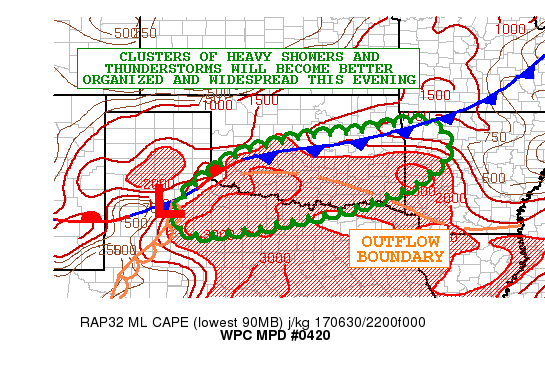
AREAS AFFECTED...CENTRAL/SOUTHERN OK...FAR NORTHERN TX...WESTERN
AR

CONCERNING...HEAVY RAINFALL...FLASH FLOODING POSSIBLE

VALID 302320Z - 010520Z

SUMMARY...WIDESPREAD SHOWERS AND THUNDERSTORMS ARE EXPECTED TO
IMPACT CENTRAL/SOUTHERN OK...PARTS OF NORTH TEXAS AND WESTERN AR
THROUGH THE EVENING. WHILE THE CONVECTIVE MODE WILL INITIALLY BE
SEVERE...A FLASH FLOOD HAZARD MAY BECOME BETTER DEFINED LATER IN
THE EVENING.

DISCUSSION...LATE-DAY EXPERIMENTAL GOES-16 VISIBLE IMAGERY SHOWS
CLUSTERS OF HEAVY SHOWERS AND THUNDERSTORMS DEVELOPING AND
GRADUALLY BECOMING BETTER ORGANIZED JUST NORTH OF A PRE-EXISTING
AND STALLED OUT OUTFLOW BOUNDARY OVER SOUTHERN OK. MEANWHILE...A
SYNOPTIC SCALE FRONT IS GRADUALLY SETTLING SOUTH THROUGH CENTRAL
OK AND EXTENDS BACK TO THE SOUTHWEST ACROSS WEST TEXAS IN A
QUASI-STATIONARY FASHION. AREAS SOUTH AND EAST OF THIS FRONT...AND
ESPECIALLY JUST SOUTH OF THE OUTFLOW BOUNDARY ARE VERY
UNSTABLE...WITH MLCAPE VALUES OF 3500 TO 4000 J/KG JUST NORTH OF
THE RED RIVER.

MEANWHILE...THE REGION IS COMING UNDER THE INFLUENCE OF IMPROVING
RIGHT-ENTRANCE REGION JET DYNAMICS COURTESY OF A WELL-DEFINED
UPPER TROUGH CROSSING THE MIDWEST AND THE SOUTHWEST TAIL OF THIS
EXTENDING DOWN TOWARD THE OK/TX PANHANDLES. THIS COUPLED WITH
ADDITIONAL MID-LEVEL SHORTWAVE ENERGY ARRIVING THIS EVENING FROM
THE HIGH PLAINS WILL INTERACT WITH THE VERY UNSTABLE AIRMASS
INCLUDING A MOISTURE-RICH BOUNDARY LAYER WITH LOW TO MID 70
DEWPOINTS FOR WIDESPREAD CONVECTION.

WHILE THE INITIAL CONVECTIVE MODE WILL TEND TO BE SEVERE OVER
CENTRAL/SOUTHERN OK...WESTERN AREAS OF NORTH TEXAS AND AS FAR EAST
AS WESTERN AR...WITH SEVERAL SUPERCELL STRUCTURES...THE CONVECTION
SHOULD GRADUALLY CONSOLIDATE/MERGE LATER IN THE EVENING AND
ESPECIALLY WITH A PHASING OF THE SYNOPTIC AND MESOSCALE OUTFLOW
BOUNDARIES. IN TIME...THE MERGING OF CONVECTION WILL TEND TO
FOSTER A LINEAR MCS IN A WSW/ENE FASHION THAT WILL BEGIN TO BOW
EAST-SOUTHEAST AND EVENTUALLY IMPACT AREAS CLOSER TO THE RED
RIVER. THIS WILL BE AIDED FURTHER BY THE ARRIVAL OF THE UPSTREAM
SHORTWAVE ENERGY AND ANY ASSOCIATED CONVECTION THAT WILL BE
ATTEMPTING TO CROSS THE OK/TX PANHANDLES.

THEREFORE...DESPITE THE DRY ANTECEDENT CONDITIONS ACROSS MUCH OF
THE REGION CURRENTLY...THE PERSISTENT MODE OF CONVECTION THIS
EVENING ALONG WITH INTENSE RAINFALL RATES TO OVER 2 INCHES/HR AND
SOME TRAINING CONVECTIVE CELL THREAT...MAY ALLOW FOR A FLASH FLOOD
HAZARD TO EVOLVE AT LEAST LOCALLY THIS EVENING. THE URBANIZED
AREAS WOULD BE THE MOST SENSITIVE TO THIS THREAT. EXPECT AS MUCH
AS 3 TO 6 INCHES OF RAIN IN SOME AREAS THAT WILL DRIVE THIS
CONCERN. WILL CONTINUE TO MONITOR.